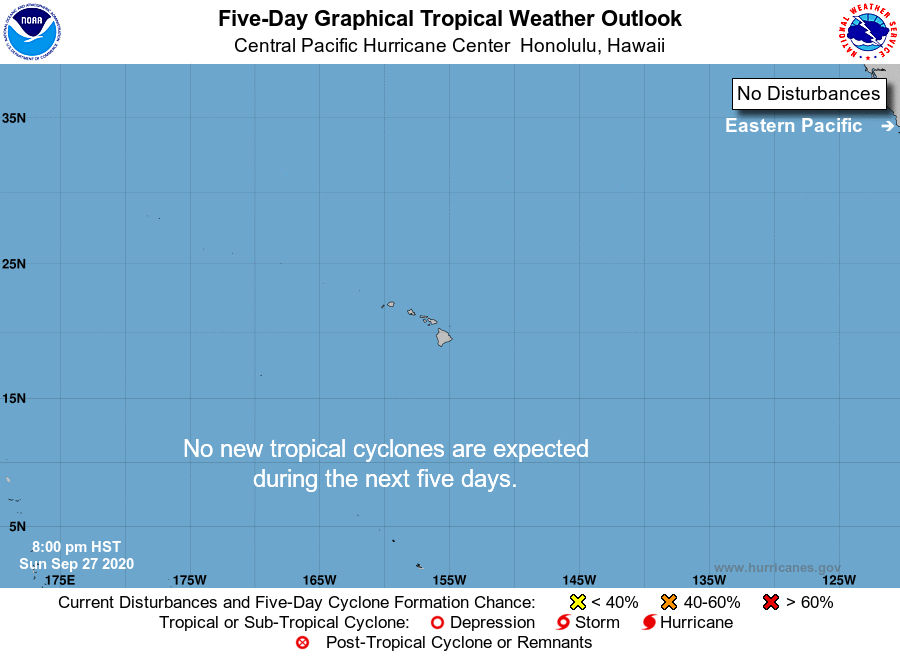
For the central North Pacific...between 140W and 180W:

No tropical cyclones are expected during the next 5 days.

Forecaster Gibbs